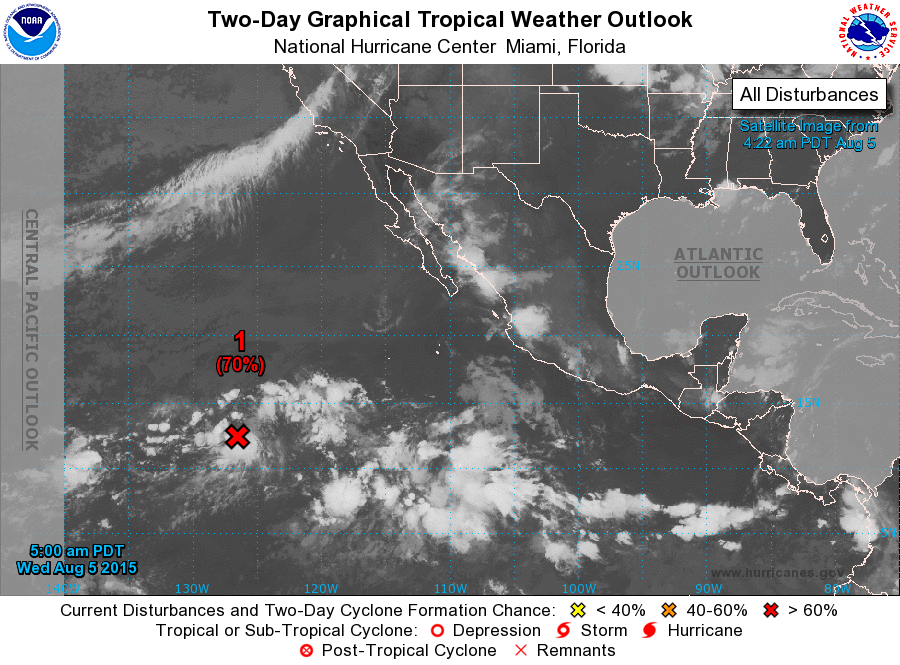
For the eastern North Pacific...east of 140 degrees west longitude:

1. Showers and thunderstorms associated with an area of low pressure located about 1300 miles southwest of the southern tip of the Baja California peninsula have not changed appreciably in organization since yesterday. Nevertheless, environmental conditions are generally conducive for development, and this low is still likely to become a tropical depression during the next day or two while it moves west-northwestward at 10 to 15 mph.
* Formation chance through 48 hours...high...70 percent
* Formation chance through 5 days...high...80 percent

Forecaster Kimberlain